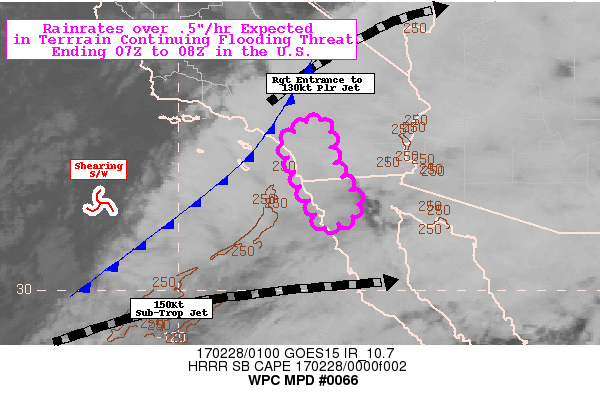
AREAS AFFECTED...SOUTHWEST CALIFORNIA

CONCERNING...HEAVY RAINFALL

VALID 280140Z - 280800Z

SUMMARY...RAINFALL/MOISTURE FLUX HAS PEAKED THOUGH A FEW
ADDITIONAL HOURS (THROUGH 07Z) OF MODERATE RAINFALL (OVER .5"/HR)
ARE EXPECTED COMPOUNDING FLOODING CONCERNS ALONG SAN
JACINTO/LAGUNA RANGES.

DISCUSSION...GOES-W/POLAR SUITE OF  SATELLITE PRODUCTS AND RADAR
MOSAIC DEPICTS THE MAIN THRUST/AXIS OF MOISTURE TRANSPORT HAS
DROPPED SOUTH OF THE US/MEXICO BORDER STREAMING INTO THE LOWER CO
RIVER VALLEY TOWARD THE CENTRAL VALLEY OF AZ INTO THE MOGOLLON RIM
AREA.  THESE PRODUCTS ALSO SUGGEST A BIT OF MID-LEVEL COOLING HAS
DROPPED SOUTH TO SUPPORT STEEPENED LAPSE RATES NORTH OF THE
MOISTURE AXIS ALLOWING FOR SOME MODEST 100-250 J/KG CAPES PER THE
HRRR DIRECTED TOWARD SAN DIEGO.  VIS LOOP SHOWS THAT FAVORABLE
COUPLING OF RIGHT ENTRANCE OF POLAR JET EXITING THE SOUTHERN
SIERRAS INTO S UT AND THE LEFT EXIT OF THE 150KT SUBTROPICAL JET
SUPPORTS CONTINUED BROAD SCALE ASCENT.  THIS MANIFESTS BY WEDGE
PRESENTATION OF THE WARM CONVEYOR ASCENT SHIELD THAT HAS SOME
CONVECTIVE SHAPE/ELEMENTS WITHIN THE NEARLY SOLID TRANSVERSE
BANDING.  THIS FAIRLY STEEP ASCENT AND MODEST BUT THINNING
MOISTURE (NEAR 1.0" TPW) SHOULD CONTINUE TO SUPPORT RATES OVER
.5"/HR ACROSS N SAN DIEGO COUNTY INTO THE SAN JACINTO RANGE OVER
THE NEXT HOUR OR SO.  STILL FORWARD PROGRESS OF THE UPPER LEVEL
TROF AND EXITING JET WILL CONTINUE TO SHUNT THIS RIBBON OF
CONVECTION SOUTH ENDING IN SAN DIEGO PROPER BY 07Z AND LAGUNA MTNS
08-09Z.   AS SUCH AN ADDITIONAL 1.5-2" CAN BE EXPECTED IN THE
HIGHER TERRAIN OF SAN DIEGO COUNTY WITH .5-1.0" FOR THE LOWER
COASTAL REGION POSSIBLE EXACERBATING ONGOING FLOODING CONCERNS IN
THE AREA.